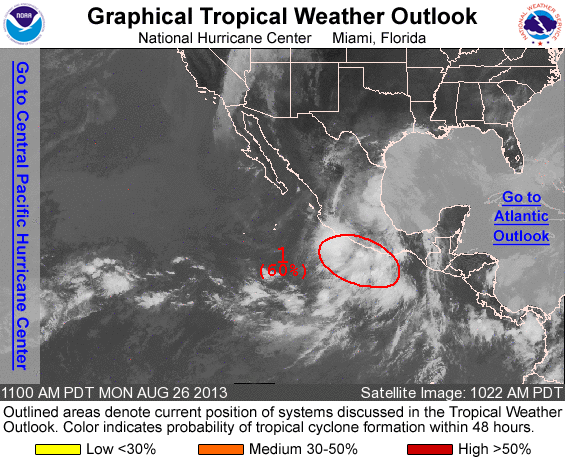
FOR THE EASTERN NORTH PACIFIC...EAST OF 140 DEGREES WEST LONGITUDE..

1. A LARGE AREA OF SHOWERS AND THUNDERSTORMS NEAR AND SOUTH OF THE MEXICAN COASTLINE IS ASSOCIATED WITH AN AREA OF LOW PRESSURE. THIS SYSTEM HAS BECOME A LITTLE BETTER ORGANIZED WHILE IT MOVES WEST- NORTHWESTWARD AT ABOUT 15 MPH. ENVIRONMENTAL CONDITIONS APPEAR CONDUCIVE FOR A TROPICAL DEPRESSION TO FORM AS LONG AS THE SYSTEM REMAINS OFFSHORE DURING THE NEXT TWO OR THREE DAYS. AFTER THAT TIME...COOLER WATERS ARE LIKELY TO INHIBIT FURTHER DEVELOPMENT. THIS SYSTEM HAS A HIGH CHANCE...60 PERCENT...OF BECOMING A TROPICAL CYCLONE DURING THE NEXT 48 HOURS...AND A HIGH CHANCE...80 PERCENT... OF BECOMING A TROPICAL CYCLONE DURING THE NEXT 5 DAYS. THIS DISTURBANCE COULD PRODUCE LOCALLY HEAVY RAINFALL ALONG THE SOUTHERN COAST OF MEXICO DURING THE NEXT FEW DAYS...AND INTERESTS IN THAT AREA SHOULD MONITOR THE PROGRESS OF THIS SYSTEM.

FIVE-DAY FORMATION PROBABILITIES ARE EXPERIMENTAL IN 2013. COMMENTS ON THE EXPERIMENTAL FORECASTS CAN BE PROVIDED AT...

HTTP://WWW.NWS.NOAA.GOV/SURVEY/NWS-SURVEY.PHP?CODE=ETWO

FORECASTER BLAKE